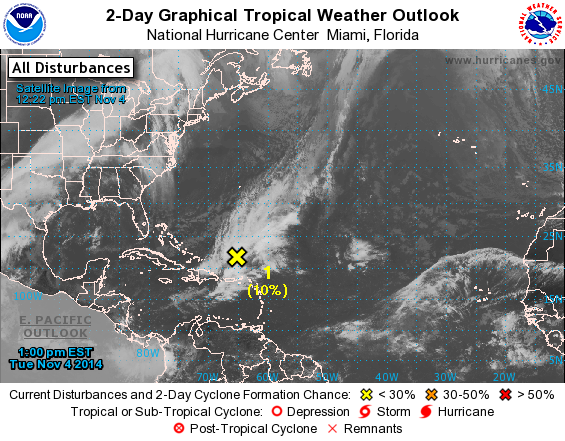
For the North Atlantic...Caribbean Sea and the Gulf of Mexico:

1. An area of disturbed weather located a few hundred miles north of Puerto Rico is associated with the southern end of a frontal boundary. A low pressure area could form in this area during the next day or so, and it could briefly acquire subtropical characteristics tomorrow or Thursday. After that time, development is not expected while the system moves north-northeastward and merges with another frontal system.
* Formation chance through 48 hours...low...10 percent.
* Formation chance through 5 days...low...10 percent.

Forecaster Hurley